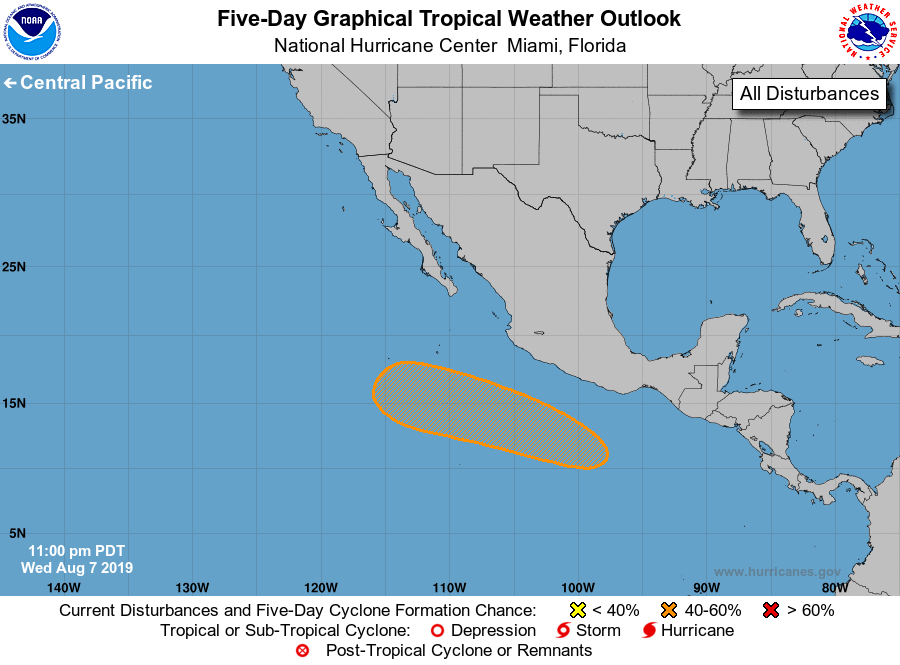
For the eastern North Pacific...east of 140 degrees west longitude:

1. A low pressure area is forecast to form a few hundred miles south or southwest of the southern coast of Mexico by the end of the week or early next week. Thereafter, environmental conditions are expected to be somewhat conducive for development, and a tropical depression could form next week while it moves west-northwestward at 10 to 15 mph, south of the southwestern coast of Mexico.
* Formation chance through 48 hours...low...near 0 percent.
* Formation chance through 5 days...medium...50 percent.

Forecaster Avila